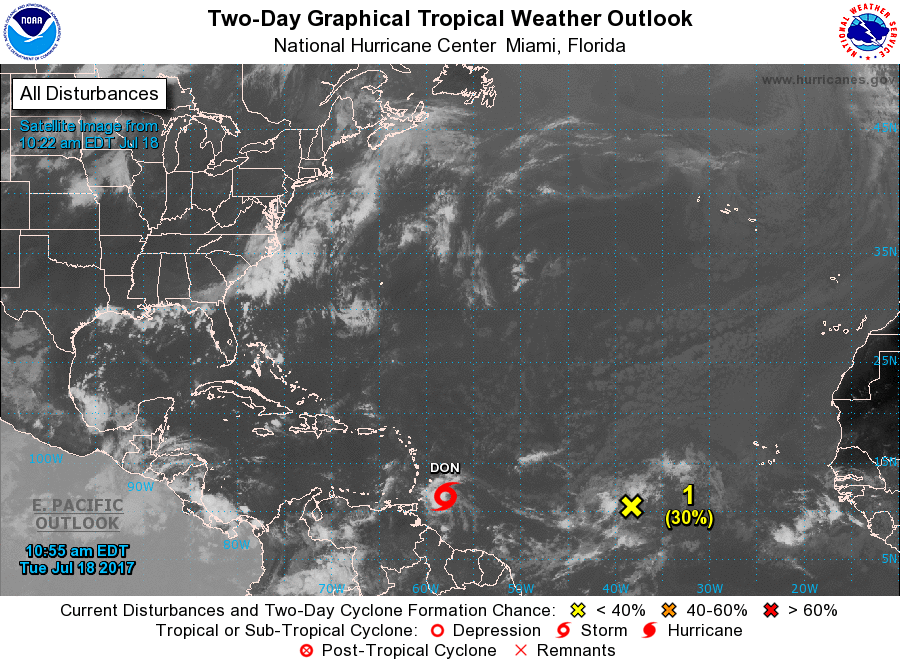
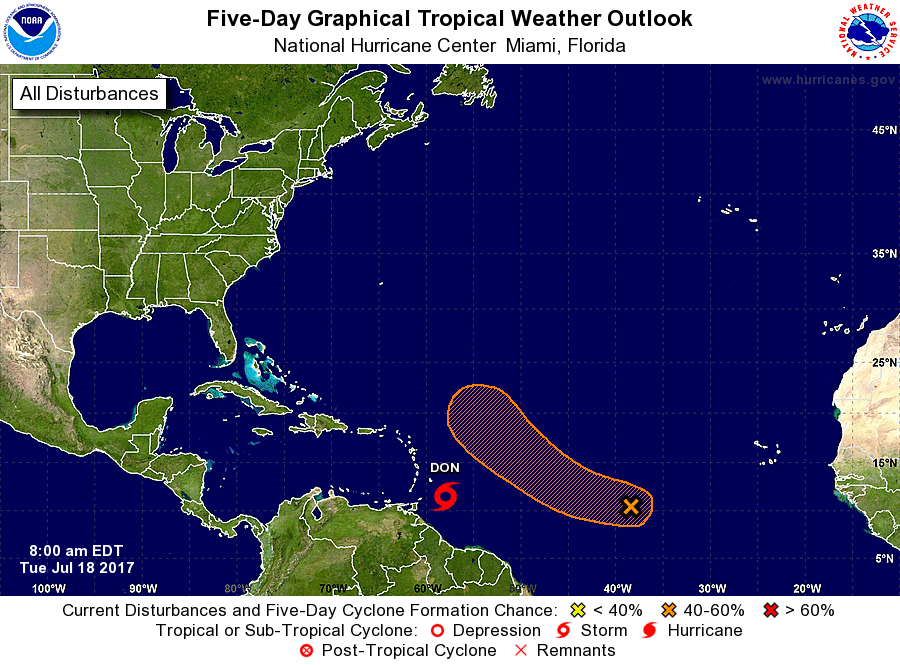
For the North Atlantic...Caribbean Sea and the Gulf of Mexico:

The National Hurricane Center is issuing advisories on Tropical Storm Don, located east-southeast of Barbados.

1. Disorganized showers and thunderstorms are associated with a low pressure system located several hundred miles west-southwest of the Cabo Verde Islands. Some gradual development of this system is possible through mid-week while it moves toward the west-northwest or northwest at 10 to 15 mph. After that time, environmental conditions are forecast to become less conducive for development.
* Formation chance through 48 hours...low...30 percent.
* Formation chance through 5 days...medium...40 percent.

Public Advisories on Tropical Storm Don are issued under WMO header WTNT35 KNHC and under AWIPS header MIATCPAT5. Forecast/Advisories on Tropical Storm Don are issued under WMO header WTNT25 KNHC and under AWIPS header MIATCMAT5.

Forecaster Landsea